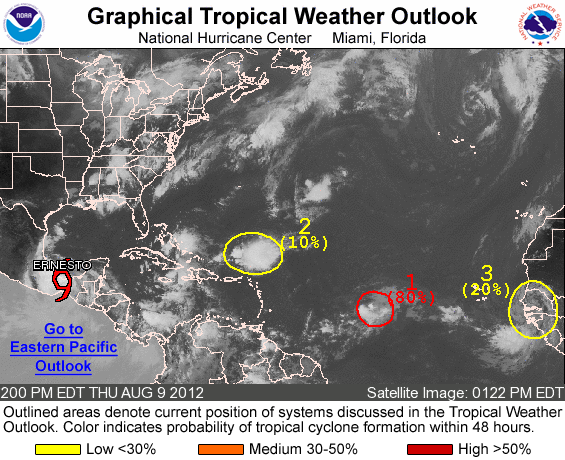
FOR THE NORTH ATLANTIC...CARIBBEAN SEA AND THE GULF OF MEXICO...

THE NATIONAL HURRICANE CENTER IS ISSUING ADVISORIES ON TROPICAL STORM ERNESTO...LOCATED NEAR COATZACOALCOS MEXICO.

1. A WELL-DEFINED LOW PRESSURE SYSTEM IS LOCATED MIDWAY BETWEEN THE CAPE VERDE ISLANDS AND THE LESSER ANTILLES. A SMALL AREA OF SHOWERS AND THUNDERSTORMS IS BECOMING MORE ORGANIZED AROUND THE CENTER OF CIRCULATION...AND UPPER-LEVEL WINDS APPEAR CONDUCIVE FOR A TROPICAL DEPRESSION TO FORM LATER TODAY OR TONIGHT. THIS SYSTEM HAS A HIGH CHANCE...80 PERCENT...OF BECOMING A TROPICAL CYCLONE DURING THE NEXT 48 HOURS AS IT MOVES WESTWARD AT ABOUT 15 MPH.

2. A LOW PRESSURE TROUGH...THE REMNANTS OF FLORENCE...IS PRODUCING AN AREA OF DISORGANIZED SHOWERS AND THUNDERSTORMS SEVERAL HUNDRED MILES NORTH-NORTHEAST OF THE NORTHERN LEEWARD ISLANDS. ALTHOUGH UPPER-LEVEL WINDS MAY BECOME A LITTLE MORE CONDUCIVE OVER THE NEXT COUPLE OF DAYS...SIGNIFICANT REDEVELOPMENT OF THIS SYSTEM IS NOT EXPECTED AT THIS TIME. THIS SYSTEM HAS A LOW CHANCE...10 PERCENT...OF BECOMING A TROPICAL CYCLONE AGAIN DURING THE NEXT 48 HOURS.

3. A TROPICAL WAVE ACCOMPANIED BY AN AREA OF LOW PRESSURE IS APPROACHING THE WEST COAST OF AFRICA WITH MINIMAL SHOWER AND THUNDERSTORM ACTIVITY. SOME DEVELOPMENT OF THIS SYSTEM IS POSSIBLE OVER THE NEXT COUPLE OF DAYS AS IT MOVES WESTWARD AT 10 TO 15 MPH. THIS SYSTEM HAS A LOW CHANCE...20 PERCENT...OF BECOMING A TROPICAL CYCLONE DURING THE NEXT 48 HOURS.

ELSEWHERE...TROPICAL CYCLONE FORMATION IS NOT EXPECTED DURING THE NEXT 48 HOURS.

FORECASTER SULLIVAN/BERG